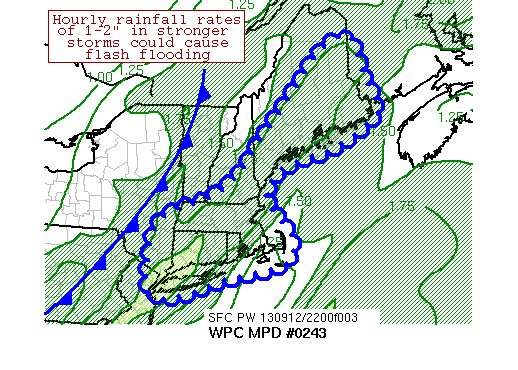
AREAS AFFECTED...EASTERN ME...SOUTHERN NEW ENGLAND

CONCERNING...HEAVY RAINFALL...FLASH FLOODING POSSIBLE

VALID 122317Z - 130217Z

SUMMARY...EASTERN ME AND SOUTHERN NEW ENGLAND ARE EXPECTED TO HAVE
TRAINING CONVECTION FOR AN ADDITIONAL 2-3 HOURS.  REGIONAL FLASH
FLOODING IS POSSIBLE IN THESE AREAS.

DISCUSSION...CONVECTION CONTINUES TO DEVELOP AND ORGANIZE AHEAD OF
A SURFACE COLD FRONT WITHIN THE RIGHT ENTRANCE REGION OF AN UPPER
LEVEL JET.  PRECIPITABLE WATER VALUES OF 1.75-2 INCHES EXIST
ACROSS THE REGION, IN THE 90TH TO 95TH PERCENTILES FOR
MID-SEPTEMBER.  THIS HAS HELPED CONTINUE HOURLY RAINFALL RATES OF
1-2 INCHES WITHIN STRONGER THUNDERSTORM ACTIVITY.  SUFFICIENT 0-3
KM WIND SHEAR HAS BEEN ORGANIZING BANDS OF CONVECTION ACROSS THE
REGION.  CURRENTLY, TWO BANDS EXIST, WITH ONE ACROSS CENTRAL ME
WITH A NEW ONE ORGANIZING ACROSS SOUTHERN NEW ENGLAND.
INDICATIONS ARE THAT 30+ KNOTS OF LOW-LEVEL WIND SHEAR ACCOMPANIED
BY 30 KNOTS OF 850 HPA INFLOW EXIST ACROSS THE AREA PER REGIONAL
VAD WIND PROFILES.

THE 21Z RAP GUIDANCE INDICATES CAPES REMAIN IN THE 1000-2000 J/KG
RANGE AND THAT 00Z IS WHEN THE CAPE VALUES WANE REGIONALLY BELOW
1000 J/KG.  WINDS IN THE 850-400 HPA LAYER INDICATE THAT CELL
MOTION COULD CONTINUE TO BE ROUGHLY ALONG THE AXES OF THE TWO
CONVECTIVE BANDS, WHICH HAVE BEEN SLOWLY EDGING EASTWARD WITH
TIME.  SAB INDICATES THAT THE ACTIVITY, PARTICULARLY ACROSS
SOUTHERN NEW ENGLAND, COULD PERSIST FOR ANOTHER FEW HOURS.  THE
21Z RAP INDICATES THAT THE LOW-LEVEL INFLOW AND 0-3 KM SHEAR
SHOULD BEGIN TO ABATE AROUND 02Z.  TO ACCOMMODATE THE ABOVE IDEAS,
CHOSE A VALID TIME CLOSE TO 02Z.  OUR THOUGHTS ARE THAT ACTIVITY
ACROSS ME COULD CARRY A FLASH FLOOD THREAT UNTIL AROUND 00Z, WITH
ACTIVITY FARTHER SOUTH CARRYING A THREAT THROUGH 02Z.